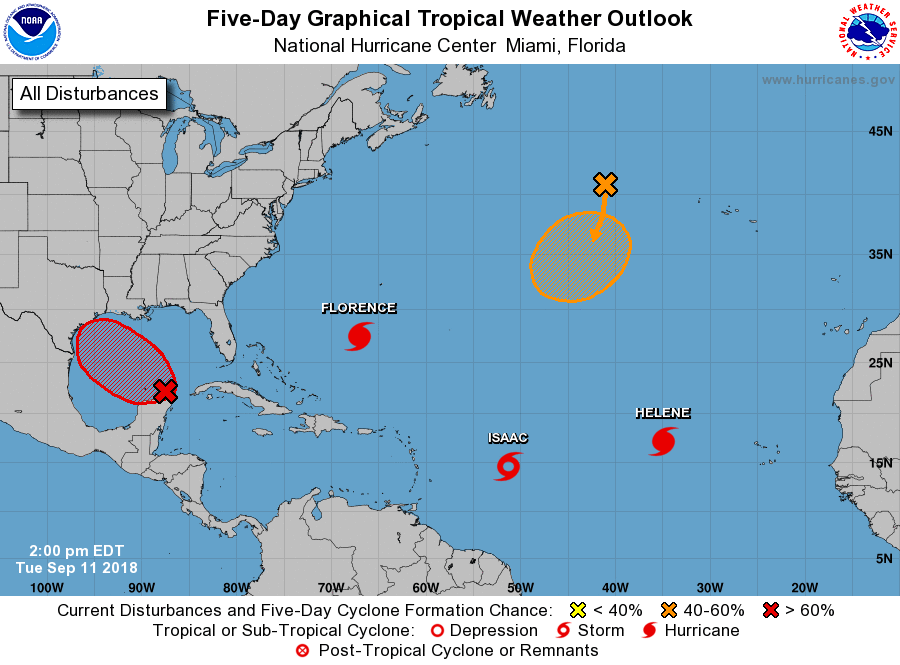
For the North Atlantic...Caribbean Sea and the Gulf of Mexico:

The National Hurricane Center is issuing advisories on Hurricane Florence, located over the west-central Atlantic Ocean, on Hurricane Helene, located over the eastern Atlantic, and on Tropical Storm Isaac, located several hundred miles east of the Lesser Antilles.

1. Satellite images and surface observations indicate that the area of disturbed weather located over the extreme northwestern Caribbean Sea and the southeastern Gulf of Mexico is gradually becoming better organized. Ship reports indicate that this system is producing strong gusty winds over the Yucatan Channel. Upper-level winds are forecast to become more conducive for development, and a tropical depression is likely to form by Thursday night while the disturbance moves across the western Gulf of Mexico. If necessary, an Air Force Reconnaissance plane will investigate the system tomorrow. Interests across northeastern Mexico and the coasts of Texas and Louisiana should monitor the progress of this system. Regardless of development, heavy rainfall and gusty winds are expected to continue over western Cuba and portions of the northeastern Yucatan Peninsula today.
* Formation chance through 48 hours...medium...50 percent.
* Formation chance through 5 days...high...70 percent.

2. A non-tropical area of low pressure is forecast to form along a trough of low pressure located over the northeastern Atlantic Ocean. Environmental conditions are conducive for some development, and a tropical or subtropical depression could form by the end of the week while the low meanders over the northeastern Atlantic Ocean.
* Formation chance through 48 hours...low...20 percent.
* Formation chance through 5 days...medium...50 percent.

Forecaster Avila